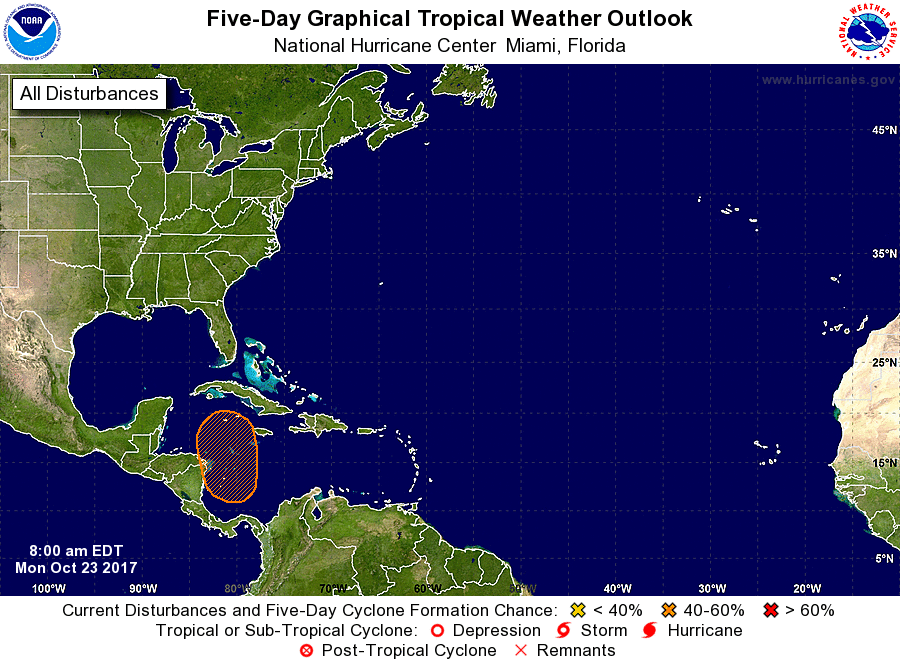
For the North Atlantic...Caribbean Sea and the Gulf of Mexico:

1. A broad area of low pressure is expected to form over the western Caribbean Sea during the next few days. Slow development of this system is possible thereafter while it moves northwestward to northward.
* Formation chance through 48 hours...low...near 0 percent.
* Formation chance through 5 days...medium...40 percent.

Forecaster Pasch